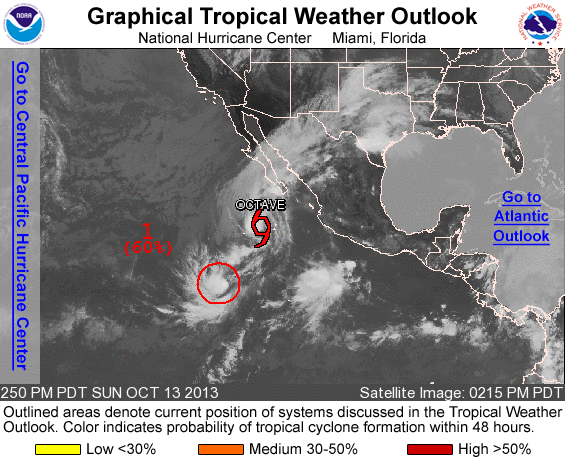
FOR THE EASTERN NORTH PACIFIC...EAST OF 140 DEGREES WEST LONGITUDE..

SPECIAL OUTLOOK ISSUED TO INCREASE THE CHANCE OF FORMATION OF THE LOW PRESSURE AREA WELL SOUTH-SOUTHWEST OF THE BAJA CALIFORNIA PENINSULA TO THE HIGH CATEGORY.

THE NATIONAL HURRICANE CENTER IS ISSUING ADVISORIES ON TROPICAL STORM OCTAVE...LOCATED SOUTH-SOUTHWEST OF THE SOUTHERN TIP OF THE BAJA CALIFORNIA PENINSULA.

1. SATELLITE IMAGES INDICATE THAT SHOWER AND THUNDERSTORM ACTIVITY ASSOCIATED WITH THE NEARLY STATIONARY LOW PRESSURE SYSTEM LOCATED ABOUT 850 MILES SOUTH-SOUTHWEST OF THE SOUTHERN TIP OF THE BAJA CALIFORNIA PENINSULA HAS CONTINUED TO BECOME BETTER ORGANIZED THIS AFTERNOON. ALTHOUGH UPPER-LEVEL WINDS ARE NOT FAVORABLE FOR SIGNIFICANT DEVELOPMENT...ANY FURTHER INCREASE IN ORGANIZATION WOULD LEAD TO THE FORMATION OF A TROPICAL DEPRESSION. THIS SYSTEM HAS A HIGH CHANCE...60 PERCENT...OF BECOMING A TROPICAL CYCLONE DURING THE NEXT 48 HOURS...AND A HIGH CHANCE...60 PERCENT...OF BECOMING A TROPICAL CYCLONE DURING THE NEXT FIVE DAYS WHILE IT MOVES SLOWLY NORTHWARD OR NORTHEASTWARD.

PUBLIC ADVISORIES ON TROPICAL STORM OCTAVE ARE ISSUED UNDER WMO HEADER WTPZ35 KNHC AND UNDER AWIPS HEADER MIATCPEP5. FORECAST/ADVISORIES ON TROPICAL STORM OCTAVE ARE ISSUED UNDER WMO HEADER WTPZ25 KNHC AND UNDER AWIPS HEADER MIATCMEP5.

FIVE-DAY FORMATION PROBABILITIES ARE EXPERIMENTAL IN 2013. COMMENTS ON THE EXPERIMENTAL FORECASTS CAN BE PROVIDED AT...

HTTP://WWW.NWS.NOAA.GOV/SURVEY/NWS-SURVEY.PHP?CODE=ETWO

FORECASTER KIMBERLAIN/BEVEN